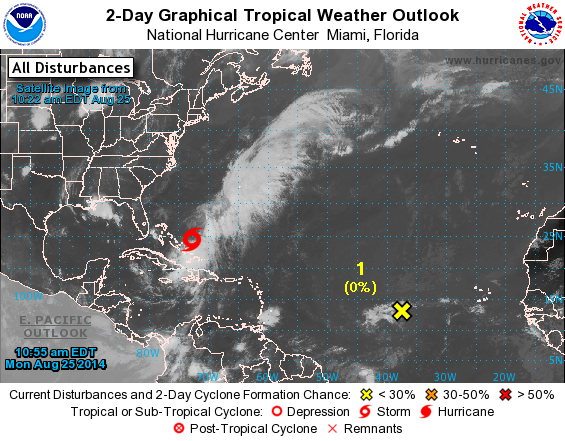
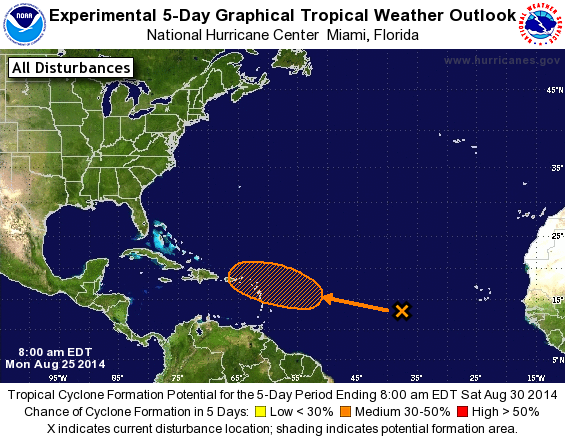
For the North Atlantic...Caribbean Sea and the Gulf of Mexico:

The National Hurricane Center is issuing advisories on Tropical Storm Cristobal, located just north of the southeastern Bahamas.

1. A tropical wave located about 1100 miles west-southwest of the Cape Verde Islands is producing disorganized showers and thunderstorms. Conditions do not appear to be favorable for development during the next few days, but could become more conducive by the end of the week while the system moves westward to west-northwestward at about 15 mph.
* Formation chance through 48 hours...low...near 0 percent.
* Formation chance through 5 days...medium...30 percent.

Forecaster Stewart